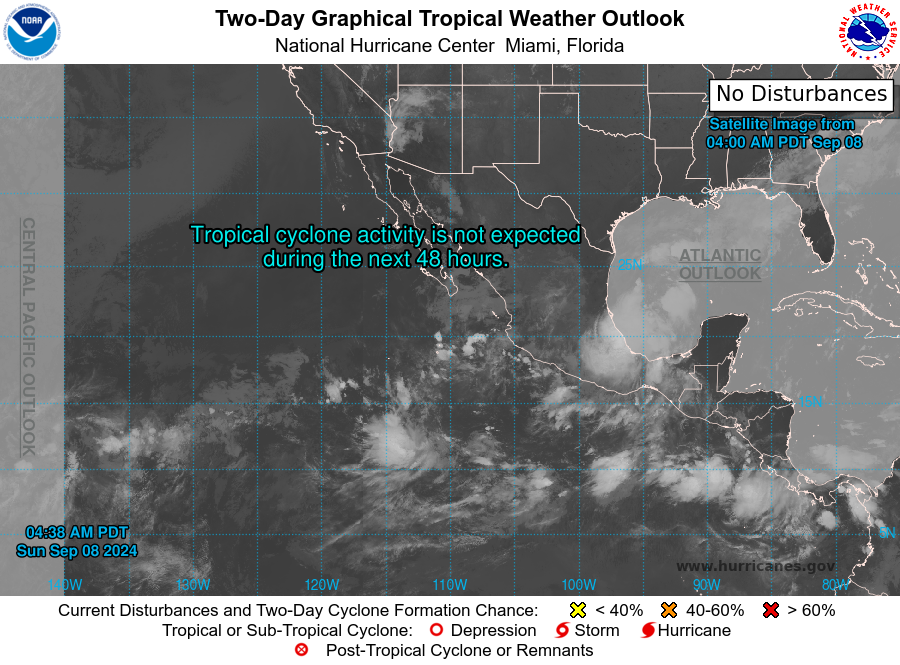
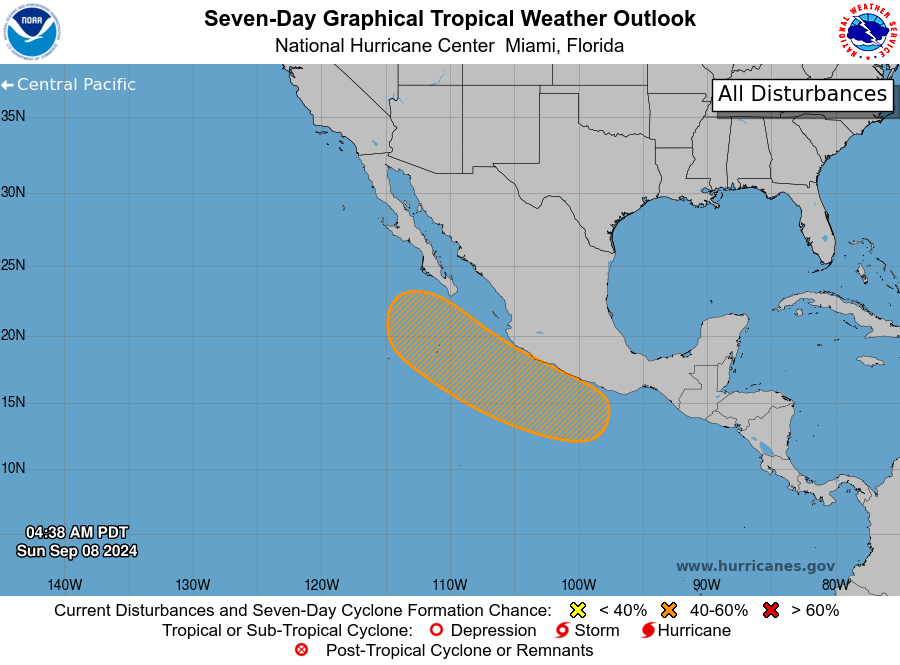
For the eastern North Pacific...east of 140 degrees west longitude:

1. Offshore of Southwestern Mexico: An area of low pressure is forecast to form during the early to middle part of the week, near or just to the south of the coast of southern or southwestern Mexico. Environmental conditions are forecast to be conducive for some gradual development of this system, and a tropical depression could form during the middle to latter part of this week while it moves generally northwestward, near the coast of southwestern Mexico.
* Formation chance through 48 hours...low...near 0 percent.
* Formation chance through 7 days...medium...50 percent.

Forecaster Brown